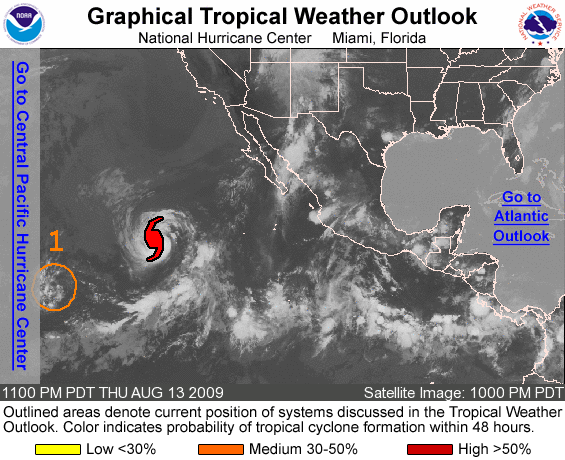
FOR THE EASTERN NORTH PACIFIC...EAST OF 140 DEGREES WEST LONGITUDE..

THE NATIONAL HURRICANE CENTER IS ISSUING ADVISORIES ON TROPICAL STORM GUILLERMO...LOCATED ABOUT 1025 MILES WEST-SOUTHWEST OF THE SOUTHERN TIP OF BAJA CALIFORNIA.

1. THE REMNANT LOW OF TROPICAL DEPRESSION NINE-E IS LOCATED ABOUT 1300 MILES EAST-SOUTHEAST OF THE HAWAIIAN ISLANDS. WHILE ASSOCIATED SHOWER AND THUNDERSTORM ACTIVITY HAS DECREASED OVER THE PAST FEW HOURS...ENVIRONMENTAL CONDITIONS STILL APPEAR SOMEWHAT FAVORABLE FOR RE-DEVELOPMENT OF THIS SYSTEM AS IT MOVES SLOWLY TOWARD THE WEST-SOUTHWEST. THERE IS A MEDIUM CHANCE...30 TO 50 PERCENT...OF THIS SYSTEM BECOMING A TROPICAL CYCLONE AGAIN DURING THE NEXT 48 HOURS.

ELSEWHERE...TROPICAL CYCLONE FORMATION IS NOT EXPECTED DURING THE NEXT 48 HOURS.

FORECASTER BRENNAN